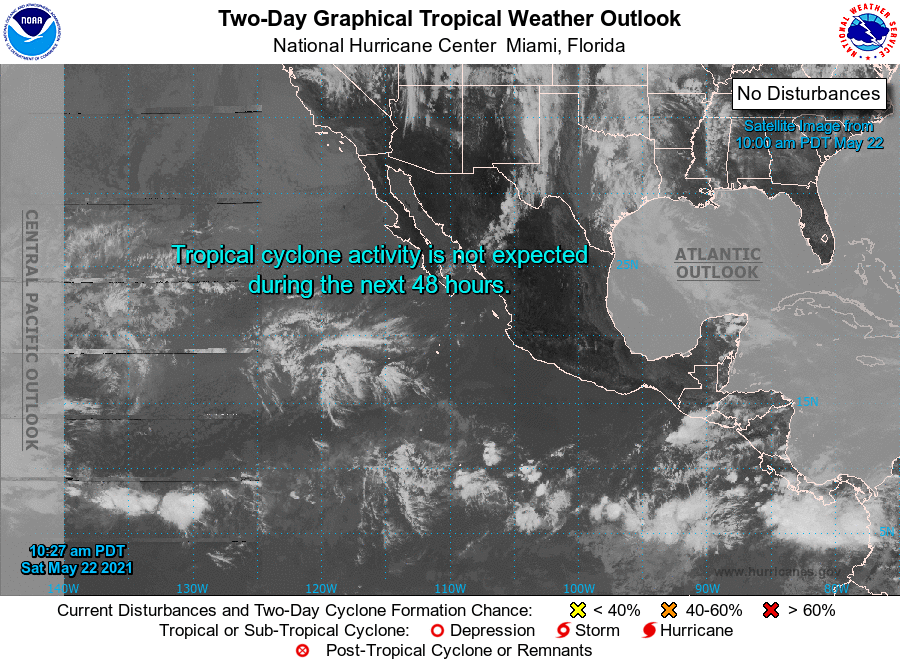
For the eastern North Pacific...east of 140 degrees west longitude:

Tropical cyclone formation is not expected during the next 5 days.

Forecaster Pasch